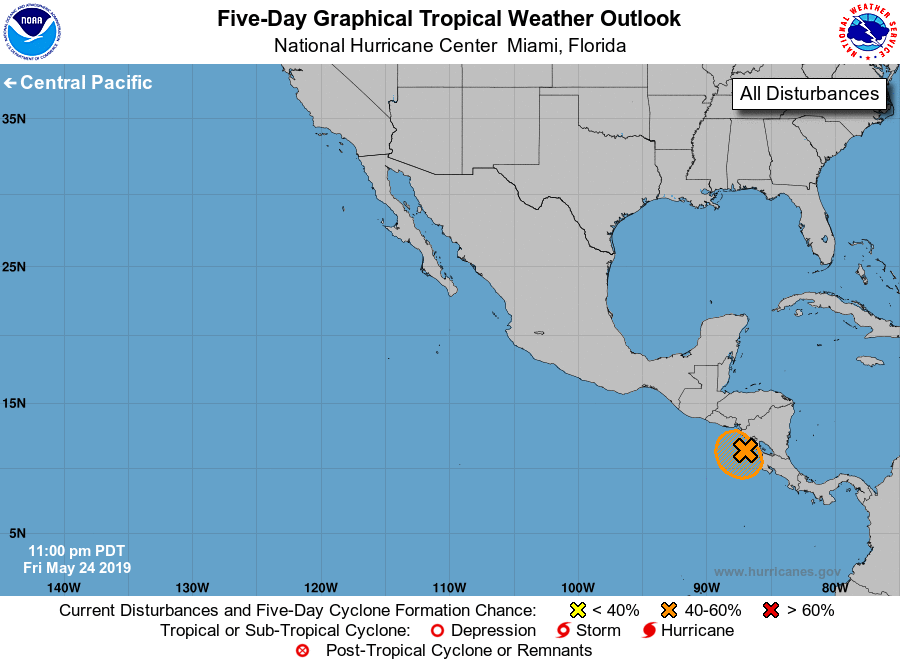
For the eastern North Pacific...east of 140 degrees west longitude:

1. Showers and thunderstorms remain disorganized in association with a trough of low pressure that extends from Nicaragua westward to the far eastern North Pacific. This system is expected to meander during the next few days, and some gradual development is possible if the disturbance remains offshore. Regardless of development, locally heavy rains are likely to continue over portions of Central America through the weekend. These rains could cause flash flooding and mudslides in areas of mountainous terrain.
* Formation chance through 48 hours...low...30 percent.
* Formation chance through 5 days...medium...40 percent.

Forecaster Cangialosi